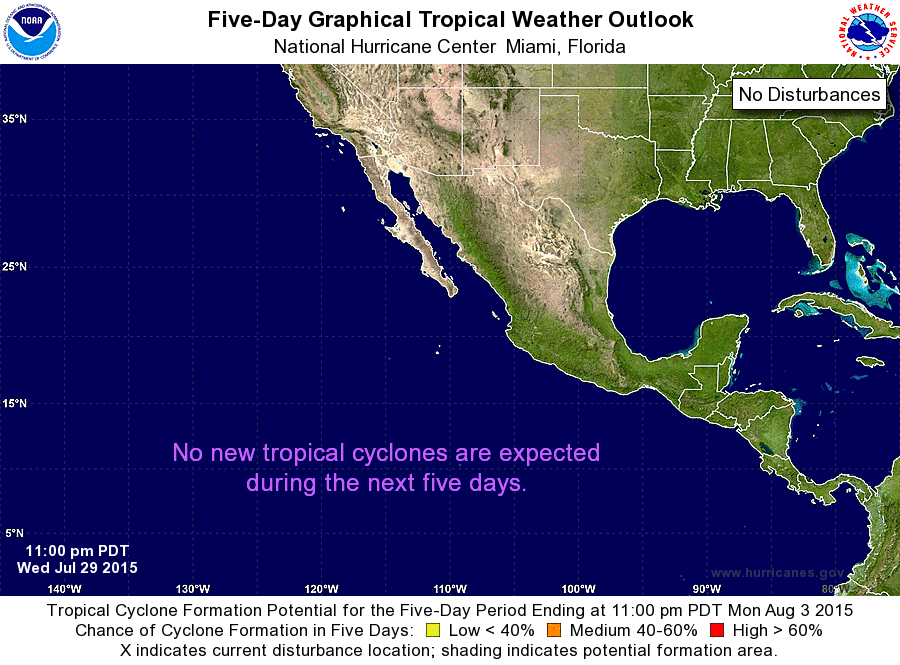
For the eastern North Pacific...east of 140 degrees west longitude:

The National Hurricane Center is issuing advisories on Tropical Depression Eight-E, located well to the east of the Hawaiian Islands, and on newly formed Tropical Depression Nine-E located well to the southwest of the southern tip of the Baja California peninsula.

&&
Public Advisories on Tropical Depression Nine-E are issued under WMO header WTPZ34 KNHC and under AWIPS header MIATCPEP4. Forecast/Advisories are issued under WMO header WTPZ24 KNHC and under AWIPS header MIATCMEP4.

Forecaster Avila